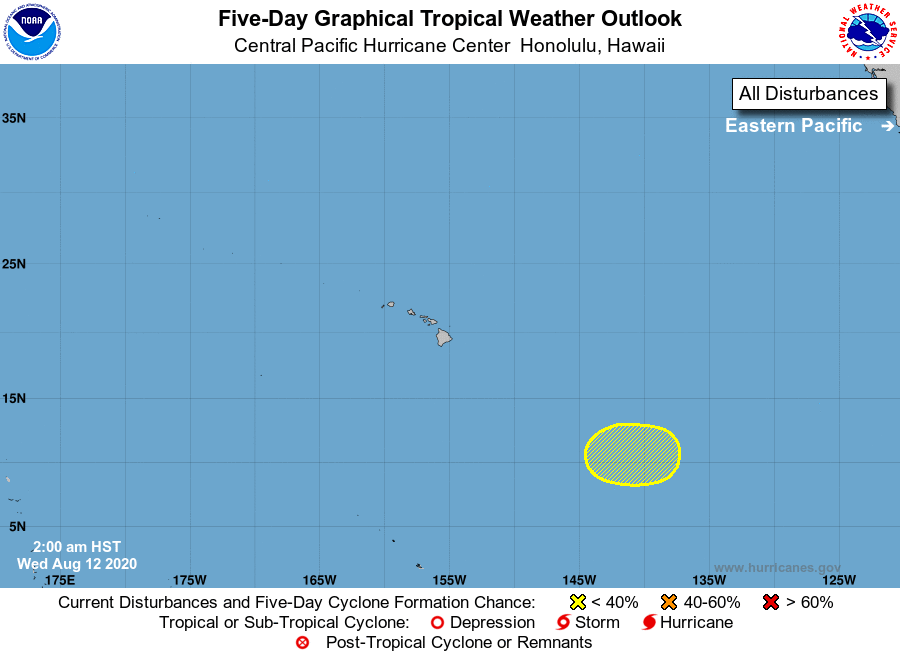
For the central North Pacific...between 140W and 180W:

1. An area of disturbed weather is forecast to form near or west of the border between the National Hurricane Center and Central Pacific Hurricane Center areas of responsibility, or about 1200 miles east-southeast of Hilo. Some subsequent gradual development of this system is possible later this week while the system moves slowly westward in the central Pacific basin.
* Formation chance through 48 hours...low...near 0 percent.
* Formation chance through 5 days...low...30 percent.

Elsewhere, no tropical cyclones are expected during the next 5 days.

Forecaster Birchard/Berg